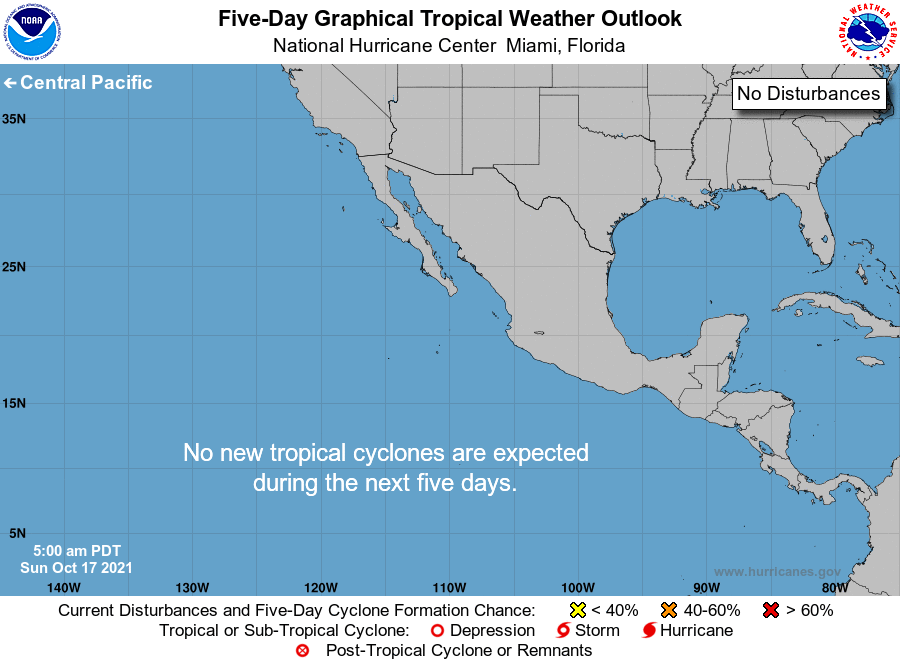
For the eastern North Pacific...east of 140 degrees west longitude:

Tropical cyclone formation is not expected during the next 5 days.

Forecaster Brown